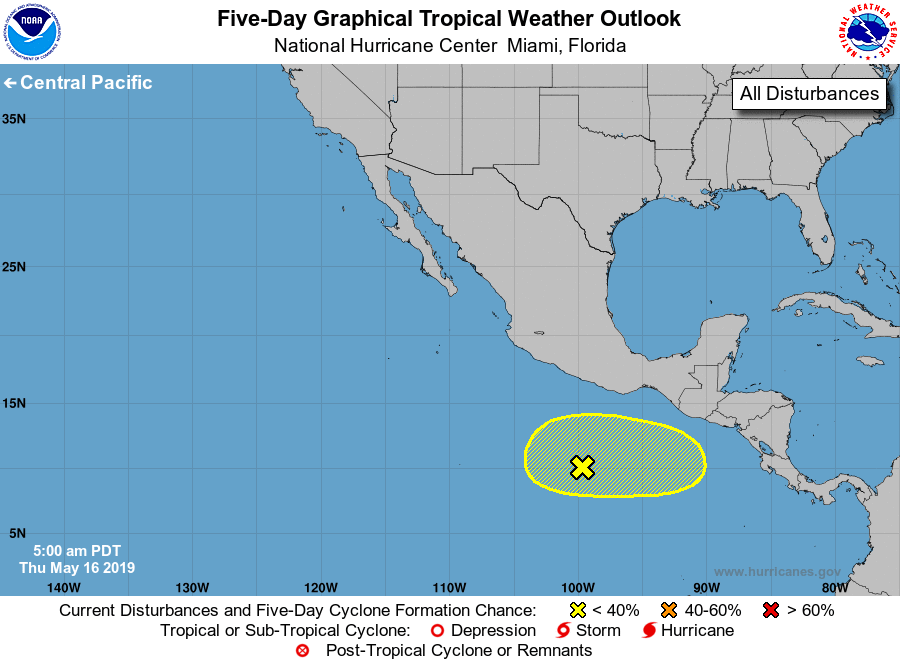
For the eastern North Pacific...east of 140 degrees west longitude:

1. Disorganized showers and thunderstorms located a few hundred miles south of the southern coast of Mexico are associated with a broad area of low pressure. Some gradual development of this system is possible during the next several days while it meanders.
* Formation chance through 48 hours...low...10 percent.
* Formation chance through 5 days...low...20 percent.

Forecaster Cangialosi